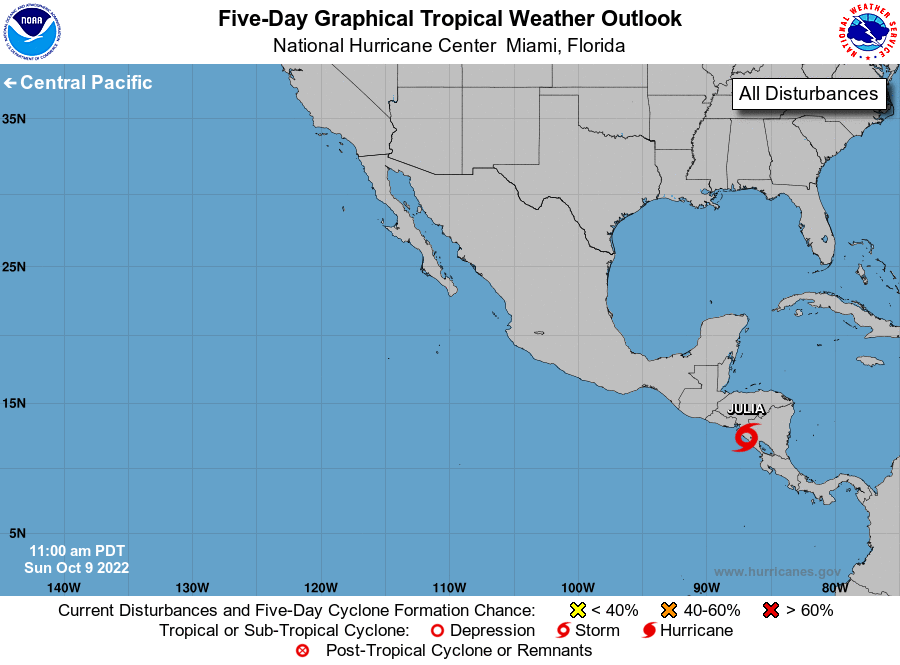
For the eastern North Pacific...east of 140 degrees west longitude:

Active Systems: The National Hurricane Center is issuing advisories on recently downgraded Tropical Storm Julia, located inland over Nicaragua.

1. Off the coast of Central America and Southern Mexico: Julia is expected to complete its westward crossing of Central America today and emerge over the extreme eastern Pacific tonight. The system is forecast to dissipate near the southern coast of Central America in couple of days, and significant re-development of the remaining disturbance is not anticipated as it passes to the south of southern Mexico by the middle of this week. More information on Tropical Storm Julia can be found on the web at hurricanes.gov.
* Formation chance through 48 hours...low...near 0 percent.
* Formation chance through 5 days...low...near 0 percent.

The last Atlantic basin intermediate public advisory at 100 PM CDT on Tropical Storm Julia will be issued under WMO header WTNT33 KNHC and under AWIPS header MIATCPAT3.

The next public advisory at 400 PM CDT on Tropical Storm Julia will be issued under Eastern Pacific WMO header WTPZ33 KNHC and under AWIPS header MIATCPEP3. The next forecast/advisory at 400 PM CDT on Tropical Storm Julia will be issued under Eastern Pacific WMO header WTPZ23 KNHC and under AWIPS header MIATCMEP3.

Forecaster Roberts